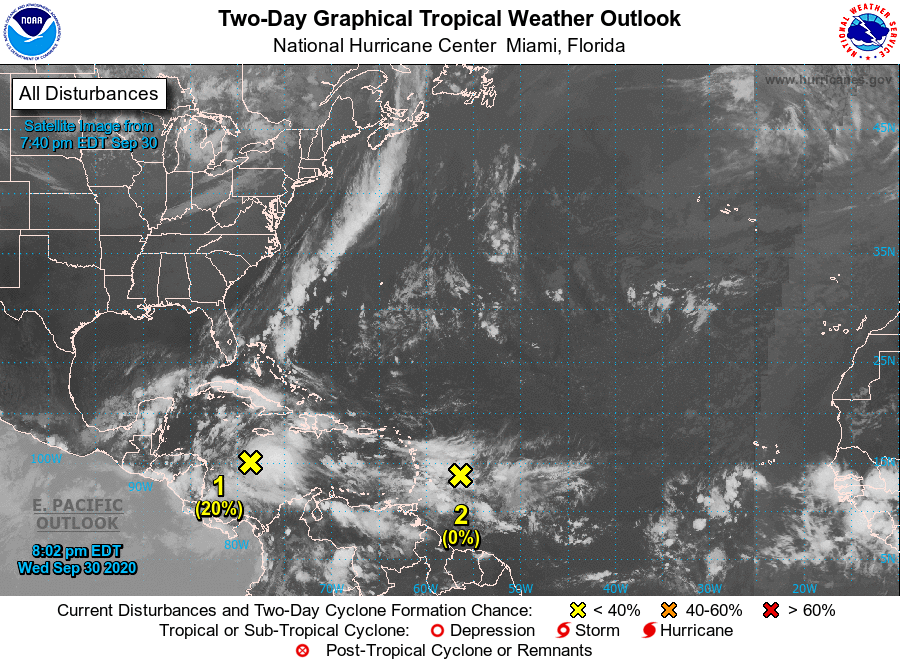
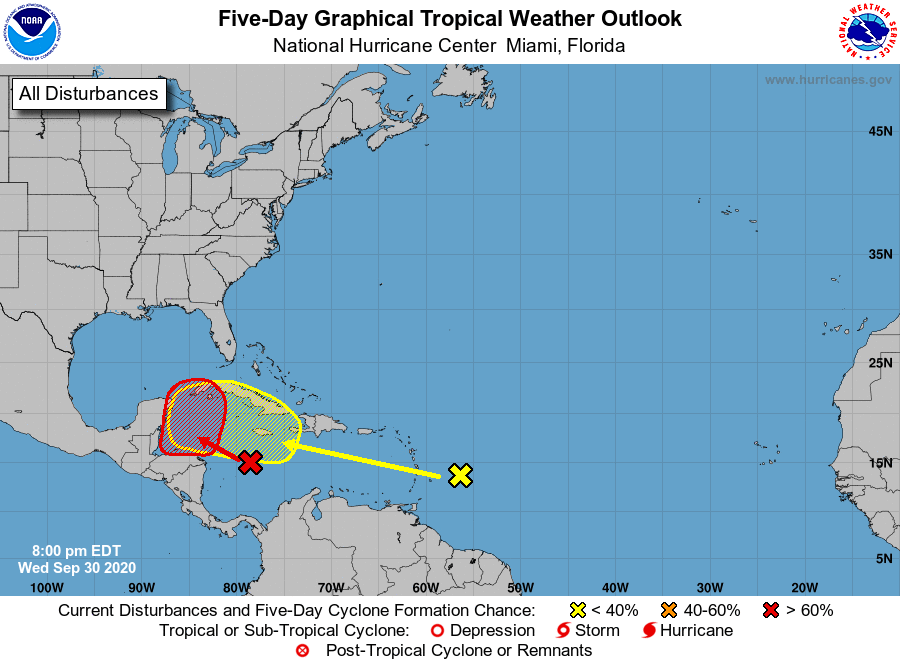
For the North Atlantic...Caribbean Sea and the Gulf of Mexico:

1. A tropical wave located over the west-central Caribbean Sea is expected to continue moving westward over the next couple of days, and produce a broad area of low pressure over the western Caribbean Sea or extreme southern Gulf of Mexico by Thursday night or Friday. Environmental conditions are forecast to be conducive for some development thereafter, and a tropical depression could form over the weekend while the system moves slowly west-northwestward over the northwestern Caribbean Sea. Interests in Belize, the Yucatan Peninsula, and western Cuba should monitor the progress of this disturbance.
* Formation chance through 48 hours...low...20 percent.
* Formation chance through 5 days...high...70 percent.

2. Another tropical wave located a few hundred miles east of the Lesser Antilles is producing widespread cloudiness and disorganized shower activity. This disturbance is forecast to move westward during the next several days where environmental conditions could become a little more conducive for development over the central or western Caribbean Sea by early next week.
* Formation chance through 48 hours...low...near 0 percent.
* Formation chance through 5 days...low...20 percent.

Forecaster Stewart